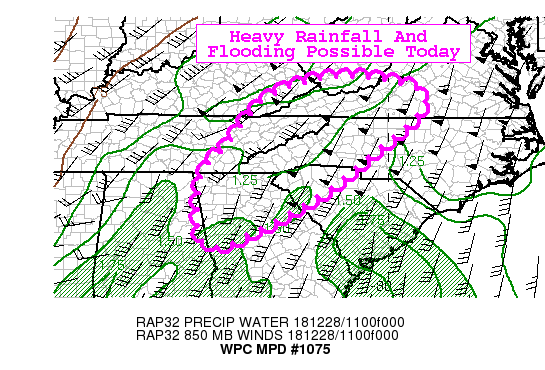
Areas affected...Northern GA...Western NC...Southwest VA...Eastern
KY

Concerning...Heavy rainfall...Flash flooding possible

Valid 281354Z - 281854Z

Summary...Widespread moderate to locally heavy rainfall over
saturated soils could lead to flooding across the area through
this afternoon, especially over sensitive locations in low lying
areas.

Discussion...Broad southwest flow aloft has continued to surge a
plume of highly anomalous moisture into the southern and central
Appalachians, evident by the blended GPS product showing PWATs
1.2-1.3" as far north as southwest VA. This should continue to
advect northward into the afternoon hours. A mesoanalysis showed
MUCAPE of 500 J/kg extending as far north toward the NC/VA border.
850 mb flow remains strong (40-50 kts) with some upslope component
that should favor rainfall across the terrains areas. With these
ingredients in place, widespread moderate to locally heavy
rainfall is likely to continue into the afternoon.

Soils are extremely saturated given 24-hr rainfall totals as high
as 2-4" across portions of the southern/central Appalachians.
14-day departures from normal are running 200-400 percent of
normal.

Radar imagery shows pockets of hourly rates exceeding 0.5", which
is likely to initiate problems for sensitive and low-lying areas.
Hi-res models show the potential for additional amounts of 1-2"
with some local amounts as high as 3" possible in some of the
favored upslope areas.

As a result, flooding is possible across much of the southern and
central Appalachians into the afternoon hours.